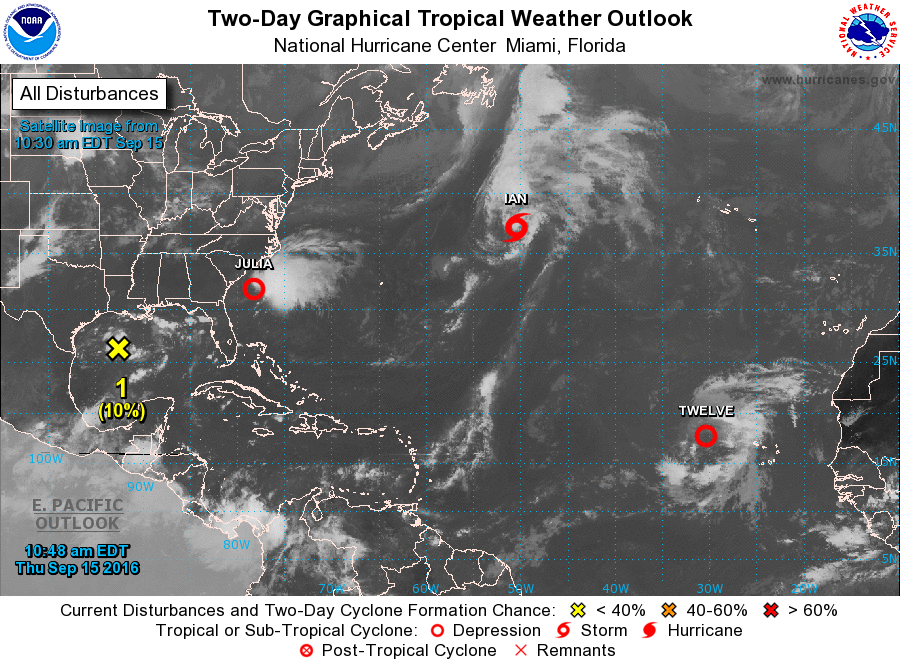
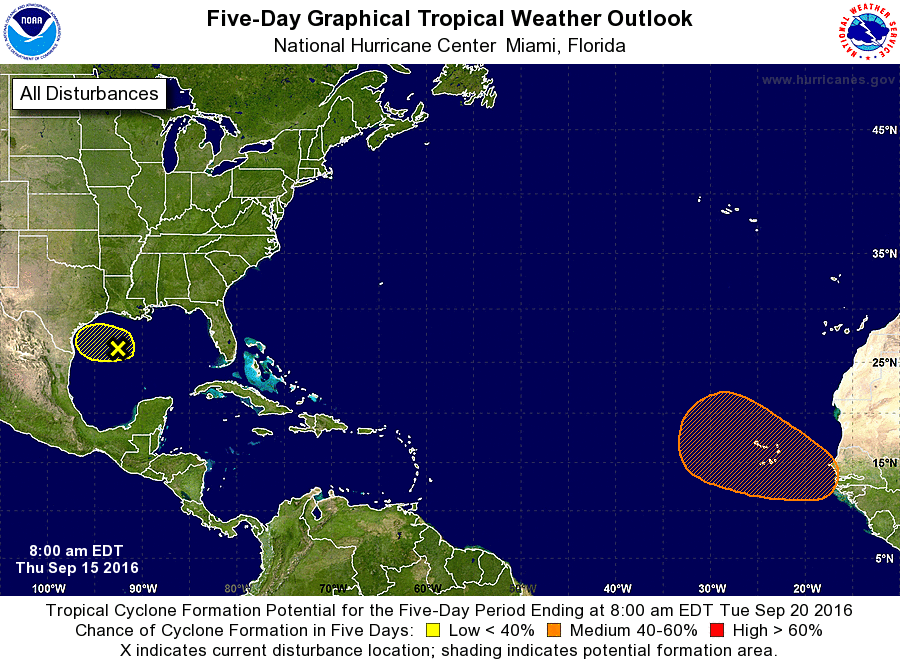
For the North Atlantic...Caribbean Sea and the Gulf of Mexico:

The National Hurricane Center is issuing advisories on Tropical Storm Ian, located well to the east-northeast of Bermuda, on recently-downgraded Tropical Depression Julia, located offshore of the South Carolina coast, and on Tropical Depression Twelve, located west-northwest of the Cabo Verde Islands.

1. An area of cloudiness over the northwestern Gulf of Mexico is associated with a broad area of low pressure. Environmental conditions are not conducive for significant development of this system while it moves westward or northwestward toward the Texas coast during the next day or two.
* Formation chance through 48 hours...low...10 percent
* Formation chance through 5 days...low...10 percent

2. A tropical wave is expected to move off of the west coast of Africa by late Friday, and then move generally west-northwestward over the far eastern Atlantic. Initially, conditions are expected to be conducive for some development of this system after it moves offshore, but these conditions are forecast to become less favorable by early next week.
* Formation chance through 48 hours...low...near 0 percent
* Formation chance through 5 days...medium...50 percent

Public Advisories on Tropical Depression Twelve are issued under WMO header WTNT32 KNHC and under AWIPS header MIATCPAT2. Forecast/Advisories on Tropical Depression Twelve are issued under WMO header WTNT22 KNHC and under AWIPS header MIATCMAT2.

Forecaster Beven